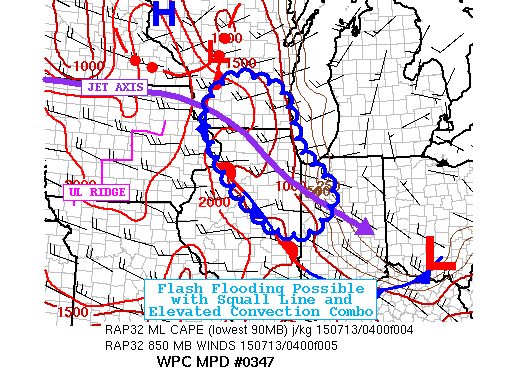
AREAS AFFECTED...SOUTHEAST WISCONSIN...NORTHERN AND EASTERN
ILLINOIS...NORTHWEST INDIANA

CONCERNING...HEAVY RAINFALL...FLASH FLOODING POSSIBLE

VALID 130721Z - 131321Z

SUMMARY...COMBINATION OF SLOW MOVING ELEVATED CONVECTION AHEAD OF
QUICK BURST OF HEAVY RAIN ASSOCIATED WITH SQUALL LINE TO INCREASE
FLASH FLOOD THREAT.

DISCUSSION...STRONG UPPER LEVEL JET IS ROUNDING THE TOP OF SW TO
NE RIDGE ACROSS IOWA ALLOWING FOR INCREASED LEFT EXIT REGION
DIVERGENCE FOR ENHANCED UVVS ACROSS SW WISCONSIN AT THIS TIME
SHIFTING SOUTH SLOWLY.  AN EMBEDDED SHORT WAVE SWINGING OUT OF IA
TO DEEPEN AND TAKE OVER AS MCV CENTER.  THIS STRENGTHENS LOW LEVEL
WESTERLY LOW LEVEL FLOW AS SEEN IN  VWP TO OVER 30 KTS IN 85H-7H
INCREASING DEEP LAYERED MOISTURE CONVERGENCE ALONG NORTH SOUTH
FRONTAL BOUNDARY EXTENDING FROM SQUALL LINE NEAR EAU SOUTHWEST
WISCONSIN INTO CENTRAL ILLINOIS.  MUCAPES OF 2500-3000 J/KG WILL
SUPPORT STRONG UPDRAFTS THAT DEVELOP IN THE PRE-SQUALL LINE
ENVIRONMENT.  AMPLE TOTAL PWATS OVER 2" LIKELY MAKE FOR HIGHLY
EFFICIENT RAINFALL PRODUCERS WITH RATES IN EXCESS OF 1.5"/HR.
THESE CELLS ALONE MAY LEAD TO SOME ISOLATED FLASH FLOODING
PARTICULARLY IF THEY SITUATE OVER URBAN CENTERS OR ACROSS THE
SATURATED SOILS OF NORTHERN ILLINOIS WHERE 1 HR FLASH FLOOD
GUIDANCE VALUES ARE IN THE 1-1.5" RANGE.  MORE LIKELY...THE FLASH
FLOOD THREAT IS ASSOCIATED WITH THESE PRE-SQUALL LINE TOTALS TO BE
COMPOUNDED WITH THE QUICK BURST OF 1-1.5" IN LESS THAN AN HOUR
FROM THE APPROACHING SQUALL LINE.  THE INTERFACE BETWEEN THE
SQUALL LINE AND FRONTAL SHOWERS WILL HAVE  THE HIGHEST POTENTIAL
FOR MERGERS INCREASING RATES/TOTALS OVER A SMALL LOCALIZED AREA.

HI-RES GUIDANCE HAS BEEN A BIT MORE SCATTERED ESPECIALLY GIVEN THE
POOR PERFORMANCE OF THE MORE RELIABLE/RAPIDLY REFRESHING
HRRR...THOUGH RECENT RUN IS BECOMING IN BETTER AGREEMENT SHOWING
THE AXIS OF INCREASED TOTALS FROM SOUTHEAST WISCONSIN ACROSS
CHICAGOLAND INTO NORTHWEST INDIANA --- IN LINE WITH THE WRF-ARW
AND WRF-NMMB.  SWATH OF HIGHER TOTALS MAY HAVE A STRONG EASTERN
GRADIENT TO TOTALS GIVEN LACK OF INSTABILITY AS SEEN BY GOES
SOUNDER CAPE LOOP GOING TO ZERO ACROSS MICHIGAN AND CENTRAL AND
NORTHEAST INDIANA.